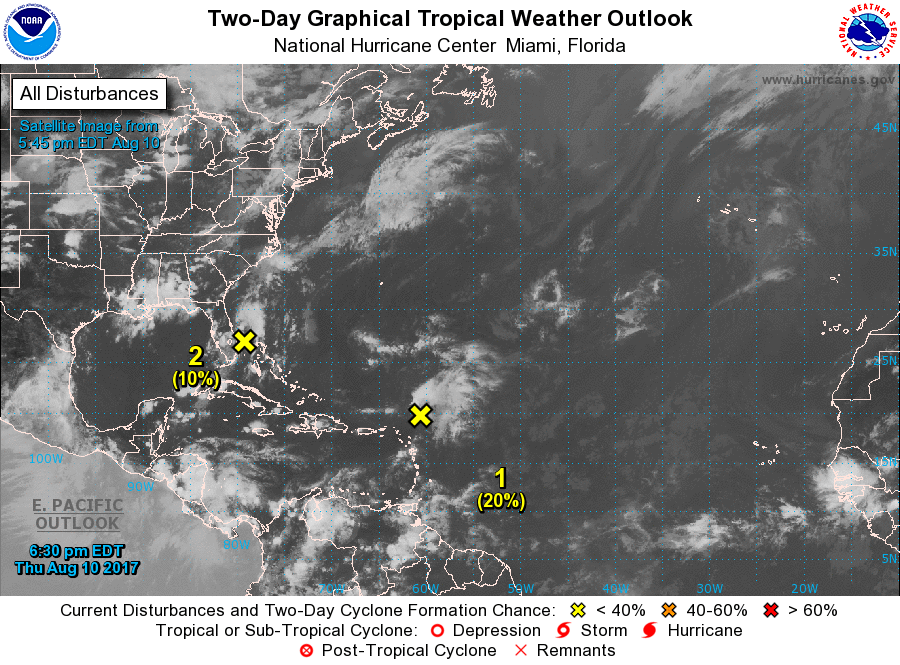
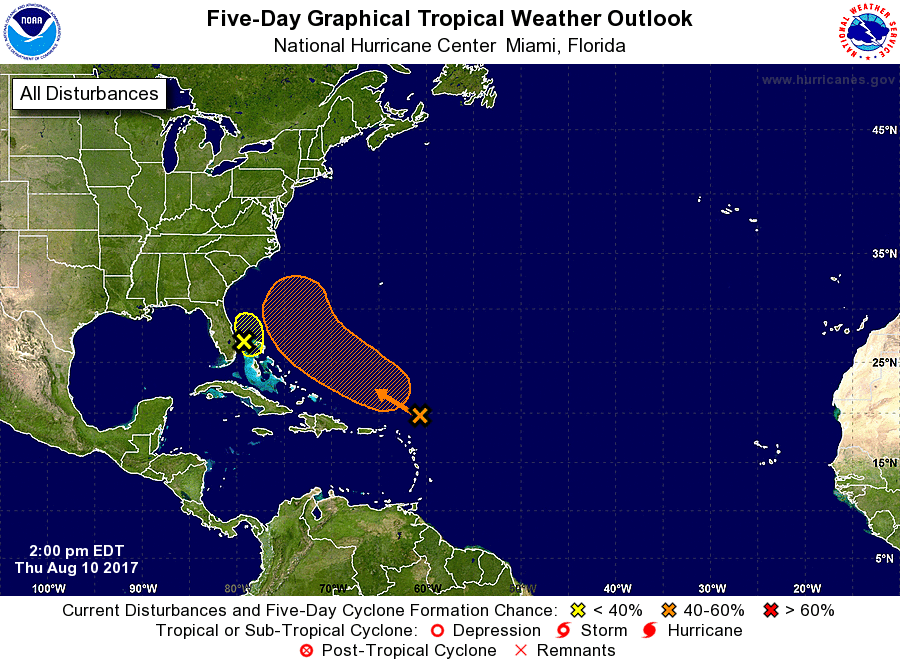
For the North Atlantic...Caribbean Sea and the Gulf of Mexico:

The National Hurricane Center has issued its last advisory on Franklin, that has dissipated over Mexico.

1. Disorganized showers and thunderstorms continue in association with a trough of low pressure located a couple of hundred miles northeast of the northern Leeward Islands. Some slow development of this system is possible during the weekend while the system moves northwestward over the western Atlantic.
* Formation chance through 48 hours...low...20 percent.
* Formation chance through 5 days...medium...40 percent.

2. A trough of low pressure just east of the Florida peninsula is producing an area of disorganized showers and thunderstorms that extends from south Florida to the northern Bahama Islands and into the southwest Atlantic. Although significant development is not anticipated, this system could bring locally heavy rains to portions of the Bahamas and Florida during the next day or two.
* Formation chance through 48 hours...low...10 percent.
* Formation chance through 5 days...low...10 percent.

Forecaster Roberts